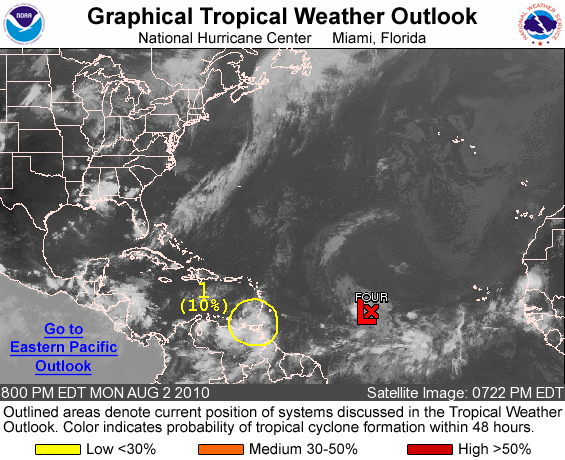
FOR THE NORTH ATLANTIC...CARIBBEAN SEA AND THE GULF OF MEXICO...

THE NATIONAL HURRICANE CENTER IS ISSUING ADVISORIES ON TROPICAL DEPRESSION FOUR...LOCATED ABOUT 1270 MILES EAST OF THE LESSER ANTILLES.

1. A TROPICAL WAVE LOCATED OVER THE FAR EASTERN CARIBBEAN SEA IS PRODUCING AN AREA OF CLOUDINESS AND SHOWERS OVER THE WINDWARD ISLANDS AND THE ADJACENT WATERS. ALTHOUGH ENVIRONMENTAL CONDITIONS APPEAR FAVORABLE FOR SOME DEVELOPMENT OF THIS SYSTEM...PROXIMITY TO THE COAST OF SOUTH AMERICA IS EXPECTED TO INHIBIT SIGNIFICANT DEVELOPMENT DURING THE NEXT DAY OR TWO. THERE IS A LOW CHANCE... 10 PERCENT...OF THIS SYSTEM BECOMING A TROPICAL CYCLONE DURING THE NEXT 48 HOURS.

ELSEWHERE...TROPICAL CYCLONE FORMATION IS NOT EXPECTED DURING THE NEXT 48 HOURS.

PUBLIC ADVISORIES ON TROPICAL DEPRESSION FOUR ARE ISSUED UNDER WMO HEADER WTNT34 KNHC AND UNDER AWIPS HEADER MIATCPAT4. FORECAST/ADVISORIES ON THE DEPRESSION ARE ISSUED UNDER WMO HEADER WTNT24 KNHC AND UNDER AWIPS HEADER MIATCMAT4.

FORECASTER BROWN